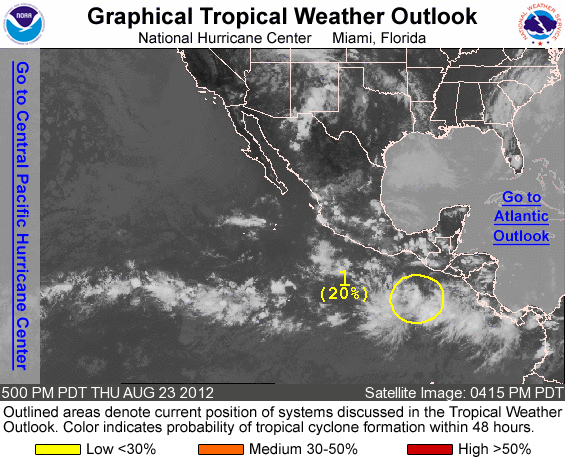
FOR THE EASTERN NORTH PACIFIC...EAST OF 140 DEGREES WEST LONGITUDE..

1. SHOWERS AND THUNDERSTORMS CONTINUE NEAR AN AREA OF DISTURBED WEATHER LOCATED A FEW HUNDRED MILES SOUTH-SOUTHWEST OF THE COAST OF GUATEMALA. DEVELOPMENT OF THIS SYSTEM IS POSSIBLE DURING THE NEXT COUPLE OF DAYS AS IT MOVES GENERALLY WESTWARD AT 10 TO 15 MPH. THIS SYSTEM HAS A LOW CHANCE...20 PERCENT...OF BECOMING A TROPICAL CYCLONE DURING THE NEXT 48 HOURS.

ELSEWHERE...TROPICAL CYCLONE FORMATION IS NOT EXPECTED DURING THE NEXT 48 HOURS.

FORECASTER BLAKE